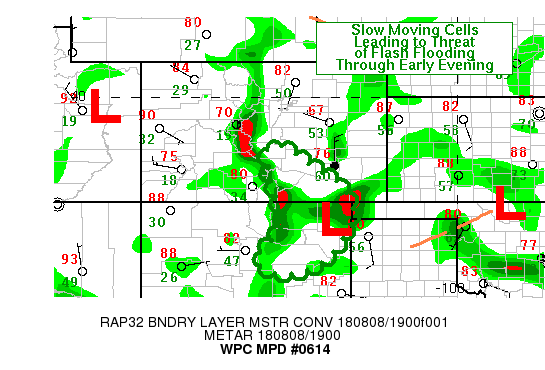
Areas affected...Southern Colorado..Northern New Mexico

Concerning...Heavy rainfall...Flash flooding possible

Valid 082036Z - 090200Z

Summary....Flash flooding is possible this afternoon into early
evening over portions of southern Colorado and northern New Mexico
as slow moving storms form over the higher terrain and then ease
out over the adjacent High Plains.

Discussion...Radar imagery from early this afternoon was showing
increasing coverage of thunderstorms building over the Sangre de
Cristo mountains and west of Interstate 25 in southern Colorado
with a general expansion southward towards New Mexico.  The
airmass is unstable due to afternoon insolation, and this should
continue to be a factor into the late afternoon/early evening.  In
addition, low level upslope flow has set up a region of persistent
moisture flux convergence along the east aspect of the mountains.

The 12Z HREF started with highest probabilities in southern
Colorado in the afternoon which gradually shifts into northern New
Mexico by early evening, with maximum probabilities where the RAP
was showing the best moisture flux convergence values.  12Z
soundings showed precipitable water values between 0.9 inches and
1.3 inches banked up against the higher terrain with K index
values in the mid 30s out as far east as the Texas panhandle.
This should open up the possibility for moderate to heavy rainfall
rates, although coverage may not be as much as in the previous
couple of days.